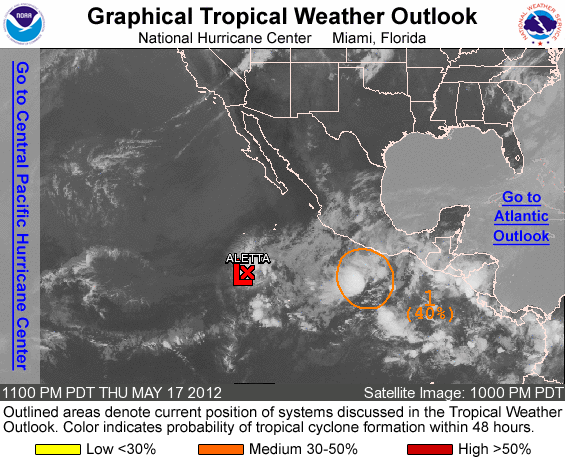
FOR THE EASTERN NORTH PACIFIC...EAST OF 140 DEGREES WEST LONGITUDE..

THE NATIONAL HURRICANE CENTER IS ISSUING ADVISORIES ON TROPICAL DEPRESSION ALETTA...LOCATED ABOUT 705 MILES SOUTH-SOUTHWEST OF THE SOUTHERN TIP OF BAJA CALIFORNIA.

1. SHOWER ACTIVITY ASSOCIATED WITH A NEARLY STATIONARY LOW PRESSURE AREA CENTERED SEVERAL HUNDRED MILES SOUTH OF ACAPULCO MEXICO IS INCREASING AND GRADUALLY BECOMING BETTER ORGANIZED. CONDITIONS APPEAR CONDUCIVE FOR SLOW DEVELOPMENT...AND THIS SYSTEM HAS A MEDIUM CHANCE...40 PERCENT...OF BECOMING A TROPICAL CYCLONE DURING THE NEXT 48 HOURS.

ELSEWHERE...TROPICAL CYCLONE FORMATION IS NOT EXPECTED DURING THE NEXT 48 HOURS.

FORECASTER AVILA